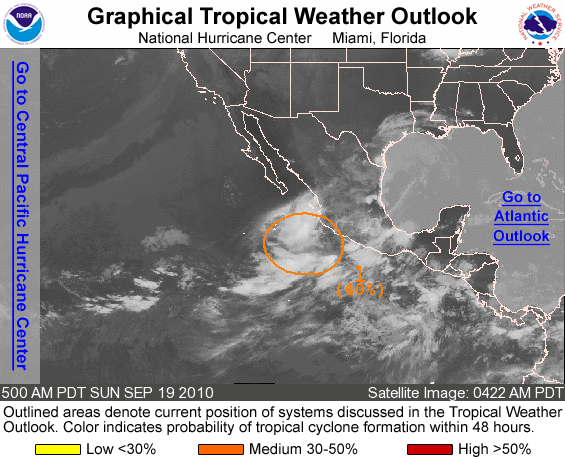
FOR THE EASTERN NORTH PACIFIC...EAST OF 140 DEGREES WEST LONGITUDE..

1. A BROAD LOW PRESSURE SYSTEM CENTERED ABOUT 150 MILES SOUTH OF MANZANILLO MEXICO IS PRODUCING A LARGE AREA OF SHOWERS AND THUNDERSTORMS THAT EXTENDS FROM THE SOUTHWEST COAST OF MEXICO SOUTHWESTWARD FOR SEVERAL HUNDRED MILES. UPPER-LEVEL WINDS COULD DECREASE OVER THE NEXT DAY OR TWO AS THE SYSTEM MOVES WEST- NORTHWESTWARD AT ABOUT 10 MPH...AND THERE IS A MEDIUM CHANCE...40 PERCENT...OF THIS SYSTEM BECOMING A TROPICAL CYCLONE DURING THE NEXT 48 HOURS.

ELSEWHERE...TROPICAL CYCLONE FORMATION IS NOT EXPECTED DURING THE NEXT 48 HOURS.

FORECASTER BERG